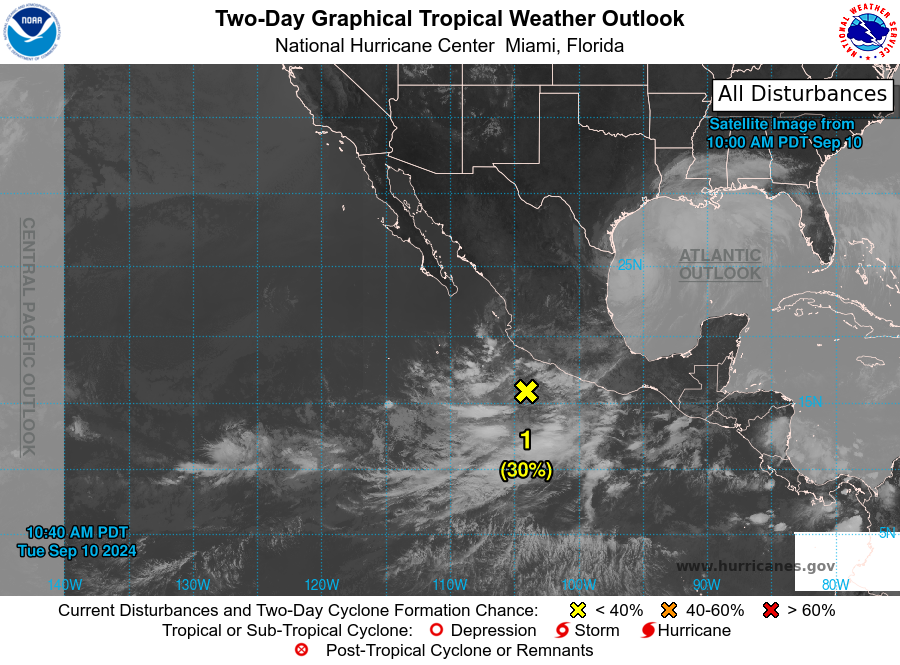
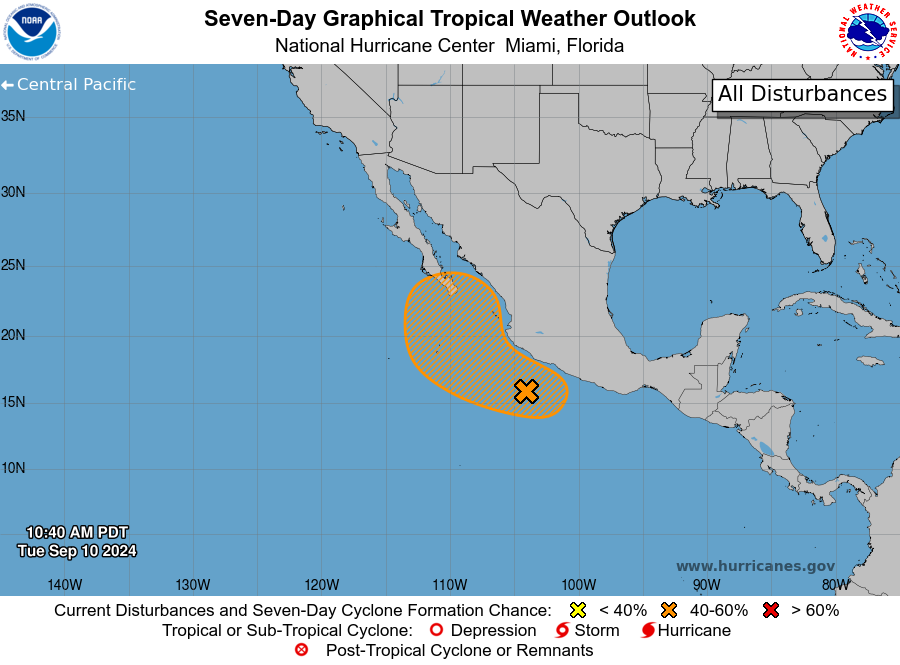
For the eastern North Pacific...east of 140 degrees west longitude:

1. Offshore of Southwestern Mexico: A broad area of low pressure is developing a couple hundred miles to the south-southwest of the coast of southwestern Mexico. Environmental conditions are forecast to be conducive for some gradual development of this system, and a tropical depression could form during the latter part of the week while it moves generally north-northwestward, near the coast of southwestern Mexico and towards the Baja California Peninsula.
* Formation chance through 48 hours...low...30 percent.
* Formation chance through 7 days...medium...60 percent.

Forecaster Papin